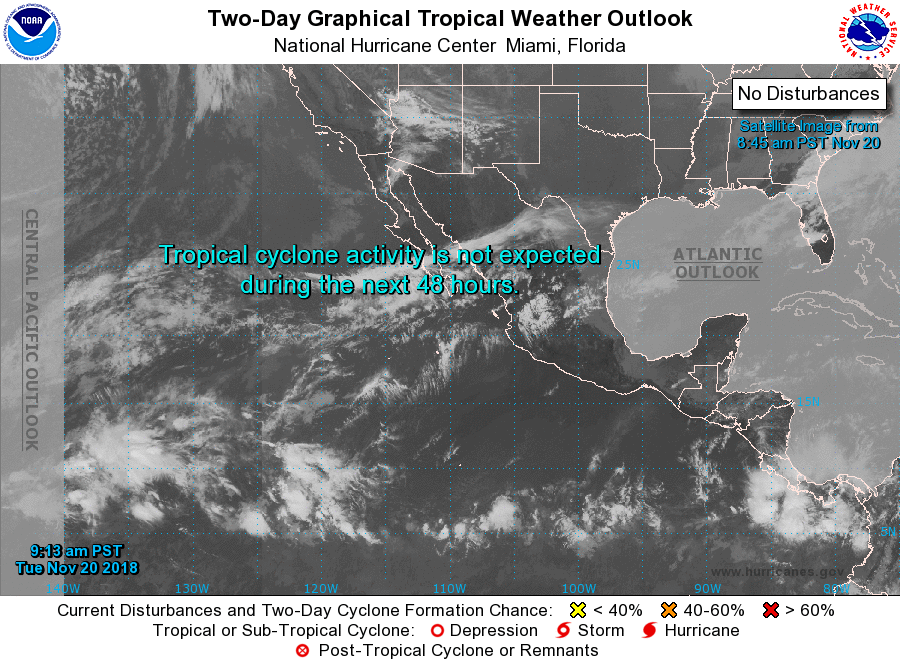
For the eastern North Pacific...east of 140 degrees west longitude:

Tropical cyclone formation is not expected during the next 5 days.

Forecaster Zelinsky